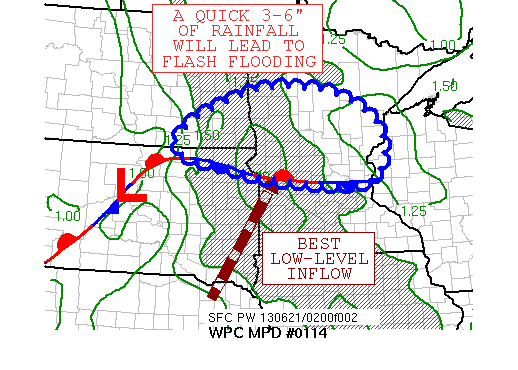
AREAS AFFECTED...SOUTHEAST ND...NORTHEAST SD...CENTRAL
MN...NORTHWEST WI

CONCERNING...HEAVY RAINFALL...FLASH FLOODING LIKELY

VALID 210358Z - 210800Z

SUMMARY...THUNDERSTORMS WITH HEAVY RAIN ARE FORMING CLOSER TO A
FRONTAL BOUNDARY, ORIENTED EAST-WEST THROUGH SOUTH-CENTRAL MN.
LOCAL RAINFALL AMOUNTS OF 3-6 INCHES WITHIN A SHORT TIME FRAME
WILL LEAD TO FLASH FLOODING.

DISCUSSION...A STATIONARY FRONT EXTENDS FROM NEAR THE EASTERN
SD/ND BORDER EASTWARD THROUGH SOUTH-CENTRAL MINNESOTA.  THE REGION
IS QUITE DIVERGENT ALOFT TO THE EAST-SOUTHEAST OF AN UPPER LEVEL
LOW.  INFLOW AT THE 850 HPA LEVEL IS ON THE ORDER OF 40 KNOTS FROM
THE SOUTH, WHICH HAS LED TO PRECIPITABLE WATER VALUES OF 1.75-2
INCHES POOLING NEAR THE SURFACE FRONT.  SIGNIFICANT INSTABILITY
EXISTS WITHIN THE SYSTEM'S WARM SECTOR, WITH SATELLITE-DERIVED
CAPE VALUES IN THE 5000-6000 J/KG RANGE.  THIS CONVECTIVE SYSTEM
HAS SHOWN A RECENT HISTORY OF PRODUCING 3-6 INCHES OF RAINFALL
ACROSS EASTERN ND.  THE LINGERING PROBLEMS FROM A FLASH FLOOD
PERSPECTIVE OVER THE NEXT SEVERAL HOURS ARE THE MOBILE 850 HPA
LOW-LEVEL JET WHICH SHOULD LIMIT BACKBUILDING, AND WHETHER OR NOT
ARCED BANDS DEVELOP PERPENDICULAR TO THE MEAN THUNDERSTORM MOTION
WHICH WOULD LIMIT FLASH FLOODING POTENTIAL.  SINCE THE CONVECTION
HAS RECENTLY TRIED ORGANIZING ALONG A SOLID WEST-NORTHWEST/
EAST-SOUTHEAST AXIS -- ALONG ITS EXPECTED PROPAGATION -- OPTED FOR
LIKELY WORDING FOR THIS MESOSCALE PRECIPITATION DISCUSSION.